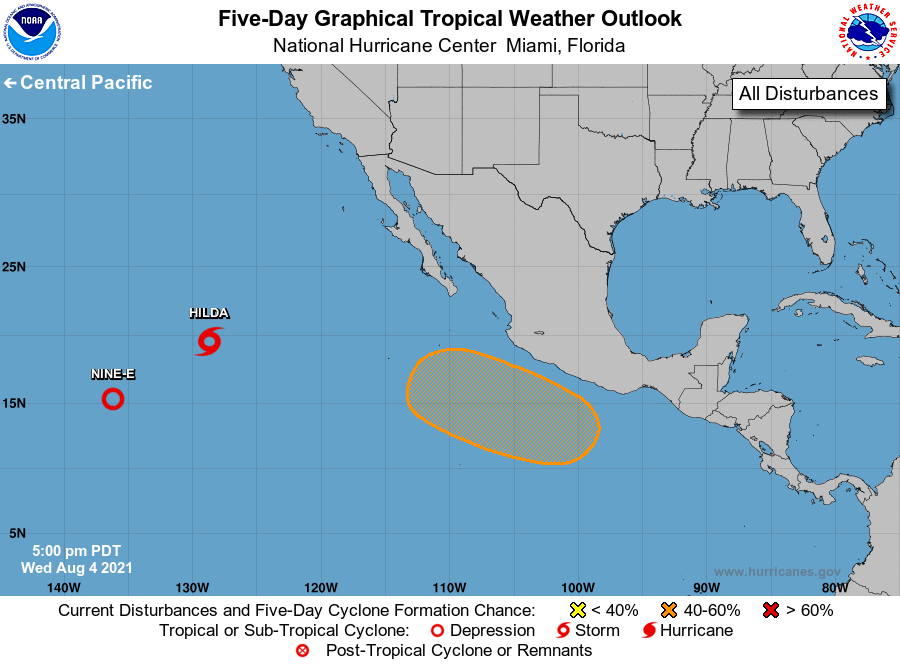
For the eastern North Pacific...east of 140 degrees west longitude:

The National Hurricane Center is issuing advisories on Tropical Storm Hilda, located almost 1200 miles west of the southern tip of the Baja California peninsula, and on newly redeveloped Tropical Depression Nine-E, located more than 1700 miles west-southwest of the southern tip of the Baja California peninsula.

1. A broad area of low pressure is expected to develop a few hundred miles offshore of the southwestern coast of Mexico this weekend. Environmental conditions are forecast to be conducive for some gradual development thereafter, and a tropical depression could form early next week while the system moves west-northwestward at 10 to 15 mph, parallel to and offshore of the coast of southwestern Mexico.
* Formation chance through 48 hours...low...near 0 percent.
* Formation chance through 5 days...medium...40 percent.

Public Advisories on Tropical Depression Nine-E are issued under WMO header WTPZ34 KNHC and under AWIPS header MIATCPEP4. Forecast/Advisories on Tropical Depression Nine-E are issued under WMO header WTPZ24 KNHC and under AWIPS header MIATCMEP4.

Forecaster Reinhart/Pasch